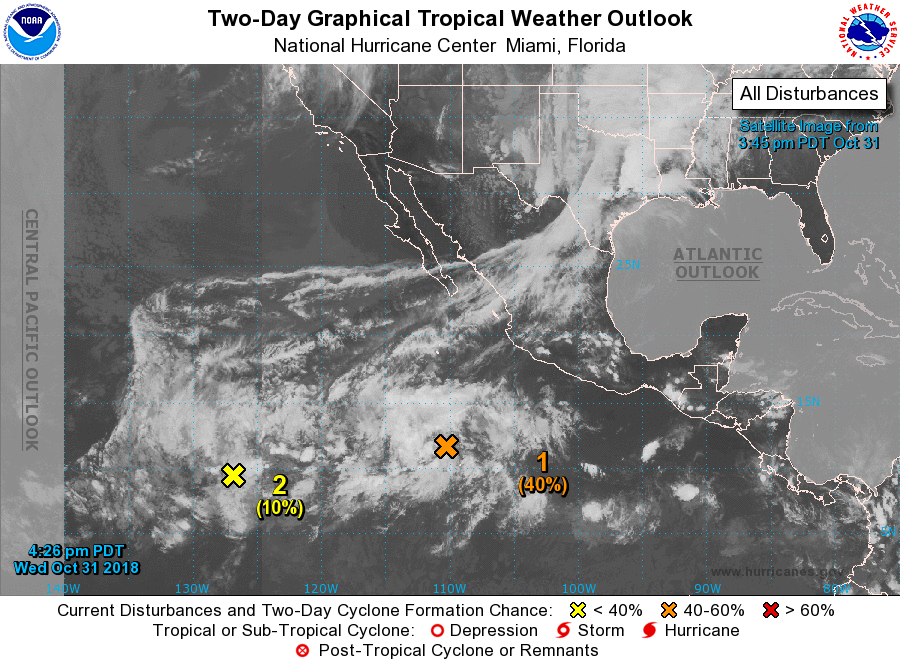
For the eastern North Pacific...east of 140 degrees west longitude:

1. A large area of disturbed weather is located several hundred miles south of the southern tip of the Baja California peninsula. Environmental conditions are forecast to be conducive for gradual development during the next several days, and a tropical depression is likely form later this week or this weekend while the system moves northwestward to northward at 5 to 10 mph.
* Formation chance through 48 hours...medium...40 percent.
* Formation chance through 5 days...high...80 percent.

2. Showers and thunderstorms associated with a broad area of low pressure located about 1400 miles southwest of the southern tip of the Baja California peninsula remain disorganized. Any development during the next few days should be slow to occur while the disturbance moves toward the west or west-northwest at 5 to 10 mph.
* Formation chance through 48 hours...low...10 percent.
* Formation chance through 5 days...low...10 percent.

Forecaster Stewart